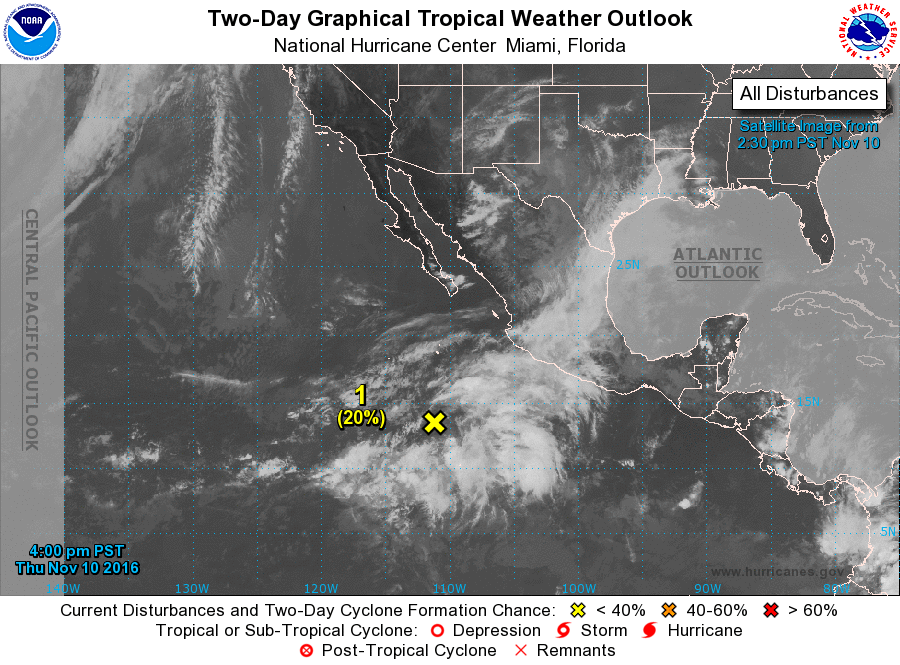
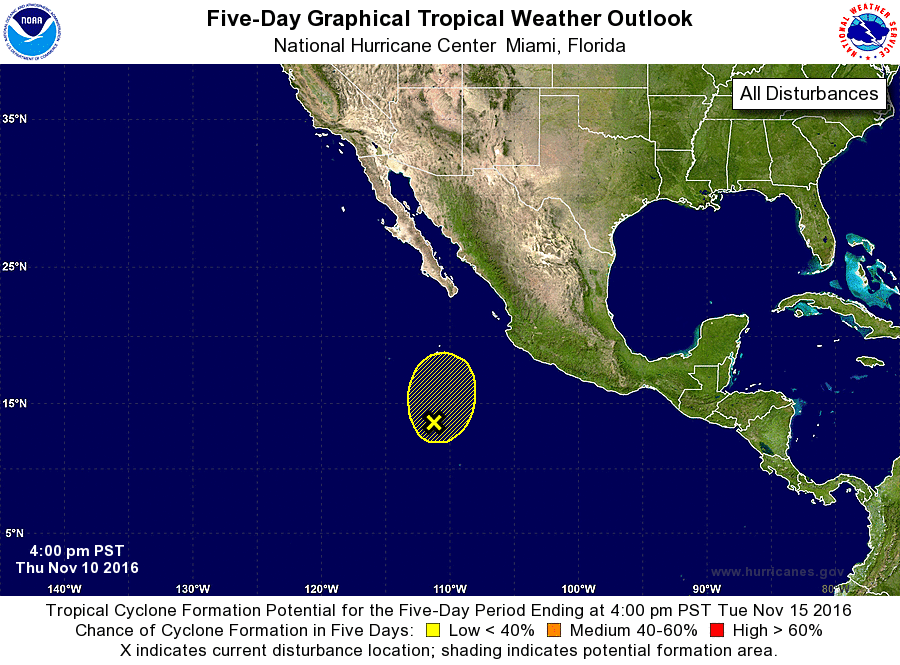
For the eastern North Pacific...east of 140 degrees west longitude:

1. A broad area of low pressure located about 650 miles south of the southern tip of the Baja California peninsula, Mexico is producing a large but disorganized area of cloudiness and thunderstorms. Strong upper-level winds currently affecting this system are expected to increase further during the next few days, and significant development of the low is not likely while it moves generally northward at 5 to 10 mph.
* Formation chance through 48 hours...low...20 percent
* Formation chance through 5 days...low...20 percent

Forecaster Avila